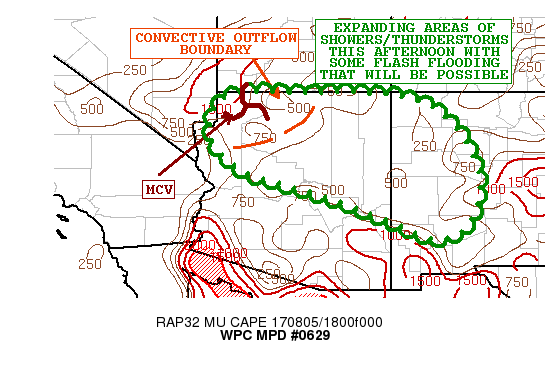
AREAS AFFECTED...NORTHERN/EASTERN AZ...WESTERN NM

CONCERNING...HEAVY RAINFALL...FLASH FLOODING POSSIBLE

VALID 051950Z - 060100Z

SUMMARY...MONSOONAL SHOWERS AND THUNDERSTORMS ARE BEGINNING TO
DEVELOP AND WILL EXPAND A BIT IN COVERAGE THROUGH THE AFTERNOON
HOURS. SOME FLASH FLOODING IS POSSIBLE AND ESPECIALLY NEAR THE
MOGOLLON RIM.

DISCUSSION...THE LATEST NON-OPERATIONAL GOES-16 6.9/7.3 MICRON/WV
BANDS SHOW AN ELONGATED CHANNEL OF SHORTWAVE ENERGY STRETCHING
FROM FAR NORTHERN AZ AND SOUTHERN UT EAST-SOUTHEAST DOWN ACROSS A
LARGE AREA OF CENTRAL/NORTHERN NM. EMBEDDED WITHIN THIS AXIS OF
WEAK MID LEVEL TROUGHING/ENERGY IS AN MCV WHICH IS SHOWING UP IN
VISIBLE SATELLITE IMAGERY OVER NORTHWEST AZ. THIS HAS ALREADY
BEGUN TO HELP CONCENTRATE AN AREA OF CONVECTION OVER PARTS OF
COCONINO COUNTY.

CONVECTIVE INITIATION IS UNDERWAY FARTHER OFF TO THE EAST OVER
ADJACENT AREAS OF NORTHERN AND EASTERN AZ AND INTO WESTERN NM WITH
THE AID OF WEAKLY CYCLONIC FLOW...STRONG DIURNAL HEATING AND AT
LEAST A MODERATELY MOIST ENVIRONMENT.

PWATS OVER NORTHWEST AZ ARE NEAR 1.5 INCHES WHICH ARE ABOUT 1 TO 2
SIGMAS ABOVE NORMAL...BUT THEN TAPER DOWN CLOSER TO 1 INCH FARTHER
EAST OVER EASTERN AZ AND WESTERN NM WHICH IS CLOSER TO NORMAL.
THESE PWATS WILL NOT RESULT IN THE MOST EFFICIENT OF RAINFALL
PROCESSES SINCE THE 12Z MORNING RAOB DATA AND CIRA-LPW PLOTS ARE
ALSO SHOWING A DRYING TREND IN THE 500/300 MB LAYER. HOWEVER...THE
AVAILABLE INSTABILITY AND MOIST MID LEVELS WILL TEND TO STILL
FAVOR RAINFALL RATES CAPABLE OF REACHING 1.5 INCHES/HR WITHIN THE
STRONGER CONVECTIVE CORES AS CONVECTION GRADUALLY EXPANDS IN
COVERAGE THROUGH THE AFTERNOON.

THE LATEST HRRR GUIDANCE AT LEAST THROUGH 00Z IS FAVORING THE MOST
ORGANIZED CONVECTION TO BE OVER NORTHERN AZ WHERE THE LATEST
HRRR/HRRRX GUIDANCE SUPPORT SOME RAINFALL AMOUNTS PERHAPS AS HIGH
AS 2 TO 2.5 INCHES. THE GREATEST THREAT WILL BE GENERALLY NEAR AND
NORTH OF THE MOGOLLON RIM AREA...AND THESE AMOUNTS MAY BE ENOUGH
TO CAUSE SOME ADDITIONAL FLASH FLOODING. ELSEWHERE OVER EASTERN AZ
AND WESTERN NM...THE CONVECTION WILL TEND TO BE MORE
SCATTERED...BUT WITH SLOW CELL MOTION AND LOCAL OROGRAPHICS...SOME
1.5 TO 2 INCH AMOUNTS CANNOT BE RULED OUT...WITH SOME RESULTING
RUNOFF PROBLEMS AGAIN POSSIBLE.